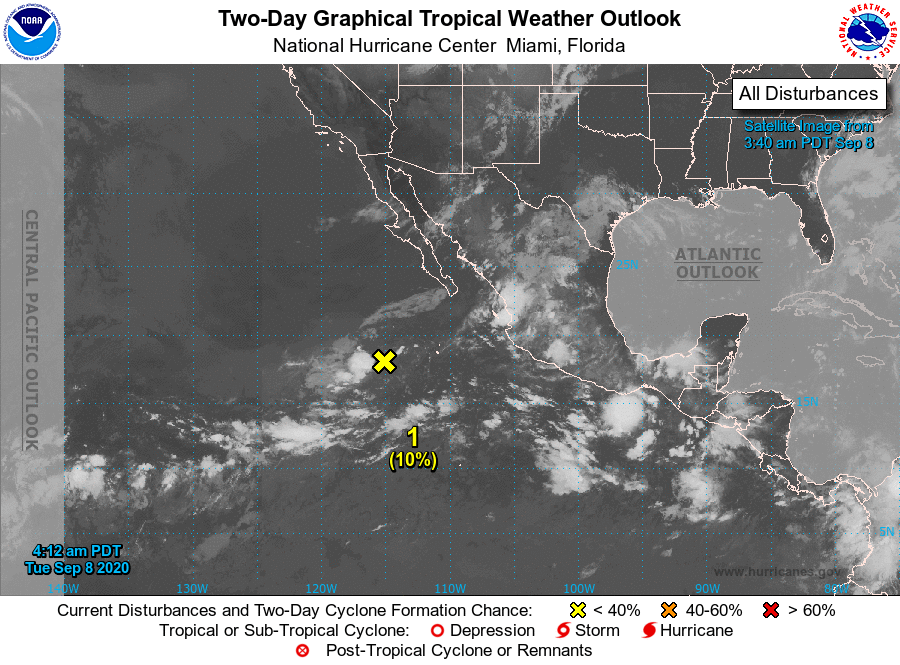
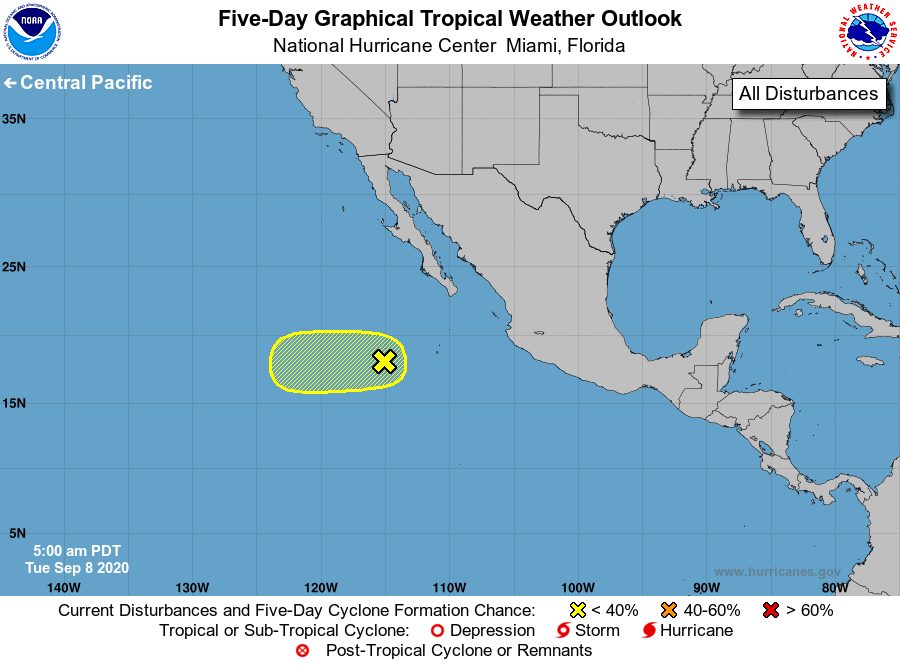
For the eastern North Pacific...east of 140 degrees west longitude:

1. An elongated area of low pressure located about 450 miles southwest of the southern tip of the Baja California peninsula is producing disorganized showers and a few thunderstorms. Environmental conditions are marginally conducive for some development of this system during the next several days while it moves slowly westward.
* Formation chance through 48 hours...low...10 percent.
* Formation chance through 5 days...low...20 percent.

Forecaster Cangialosi